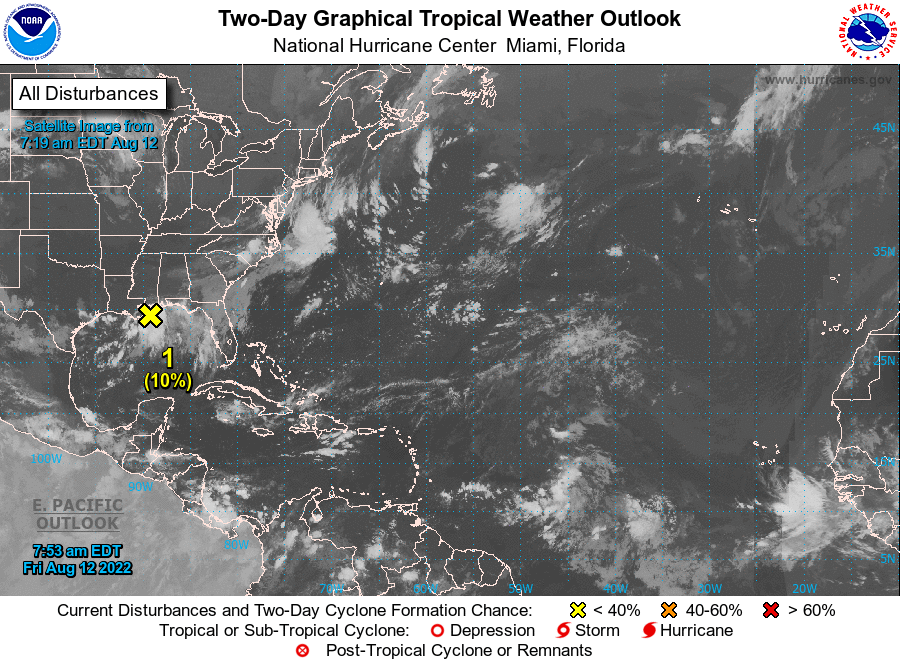
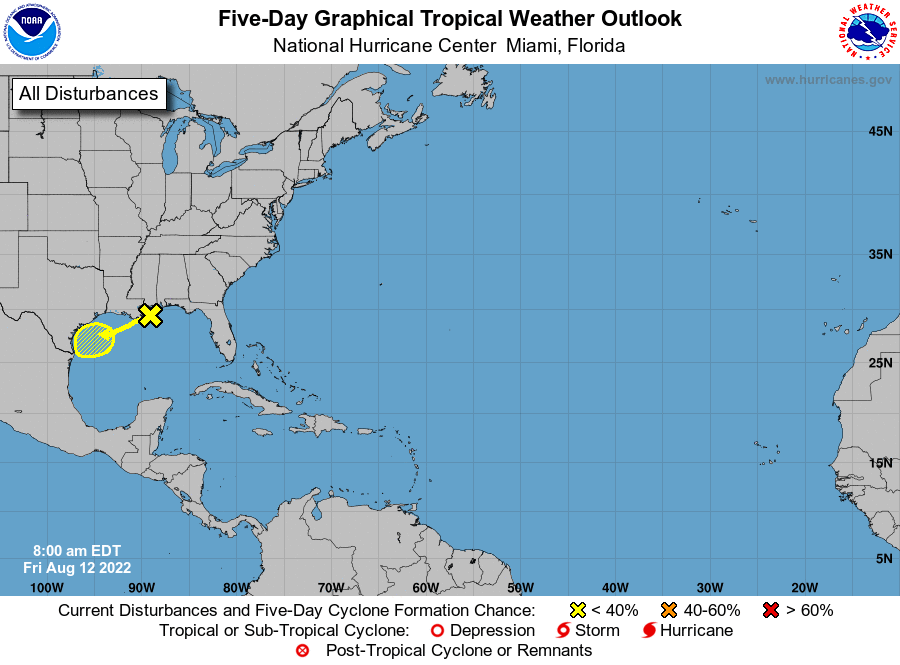
For the North Atlantic...Caribbean Sea and the Gulf of Mexico:

1.

1. Northern Gulf of Mexico: A surface trough of low pressure is developing over the north-central Gulf of Mexico just offshore of southeastern Louisiana. Development, if any, of this system is expected to be slow to occur during the next couple of days as it drifts west-southwestward over the northwestern Gulf of Mexico. Regardless of development, locally heavy rains are possible along portions of the Texas coast through the weekend. For more information about the potential for heavy rainfall, please see products issued by your local National Weather Service office and the Weather Prediction Center.
* Formation chance through 48 hours...low...10 percent.
* Formation chance through 5 days...low...10 percent.

For more information on the system, see products issued by the National Weather Service at weather.gov and wpc.ncep.noaa.gov

Forecaster Roberts